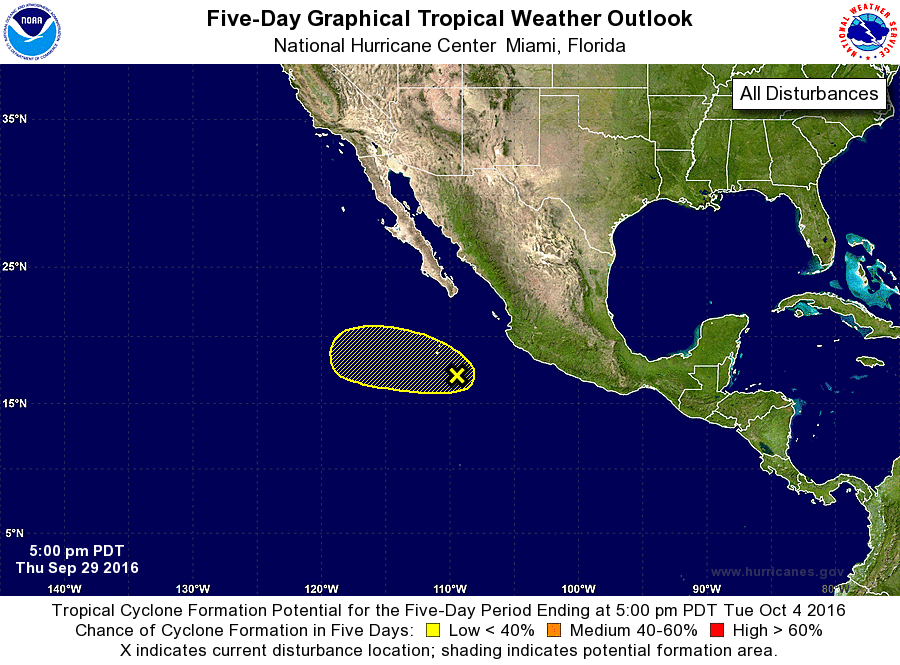
For the eastern North Pacific...east of 140 degrees west longitude:

1. Cloudiness and showers extending several hundred miles off the southwestern coast of Mexico are associated with a trough of low pressure. Upper-level winds could be marginally conducive for some development during the next few days while this system moves westward to west-northwestward at 10 mph away from the coast of Mexico. By late this weekend, this system is forecast to encounter cooler waters, making development less likely.
* Formation chance through 48 hours...low...20 percent
* Formation chance through 5 days...low...30 percent

Forecaster Blake